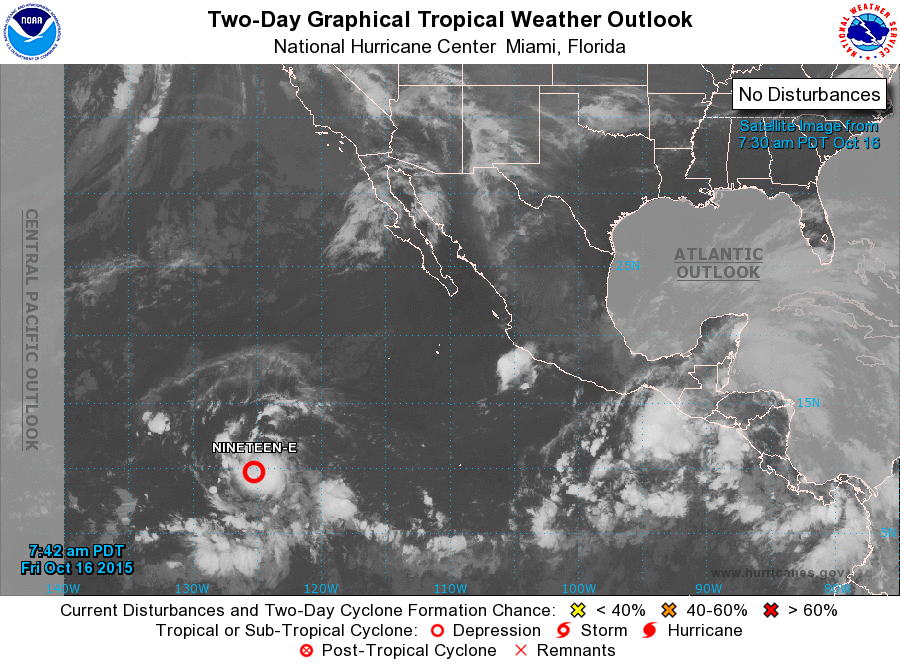
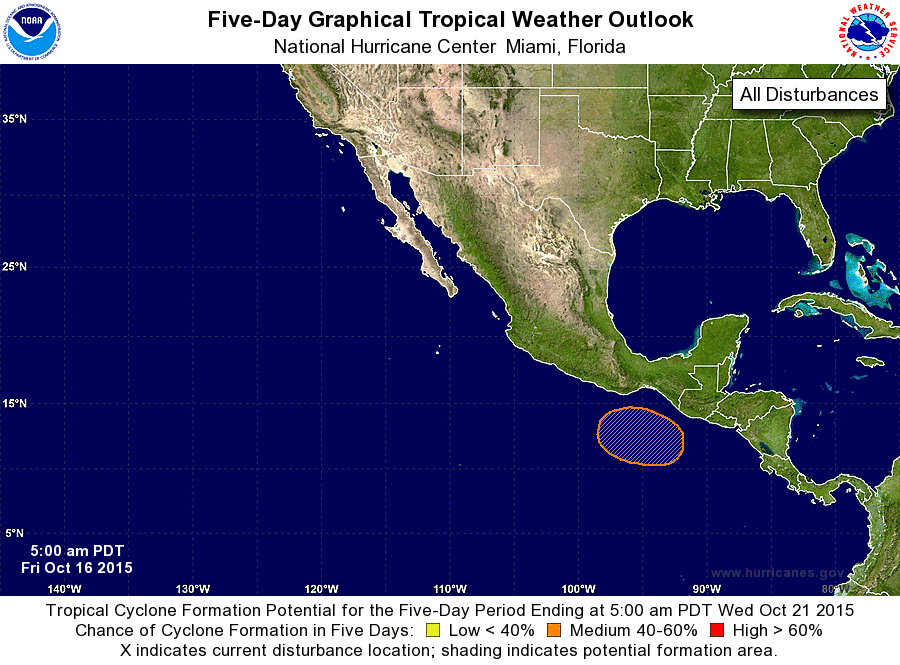
For the eastern North Pacific...east of 140 degrees west longitude:

The National Hurricane Center is issuing advisories on Tropical Depression Nineteen-E, located more than a thousand miles southwest of the southern tip of the Baja California peninsula.

1. An area of low pressure is expected to form a few hundred miles south or south-southeast of the Gulf of Tehuantepec this weekend. Environmental conditions are expected to be conducive for gradual development of this low early next week while it moves northwestward or north-northwestward toward the southern coast of Mexico.
* Formation chance through 48 hours...low...near 0 percent
* Formation chance through 5 days...medium...50 percent

Forecaster Kimberlain